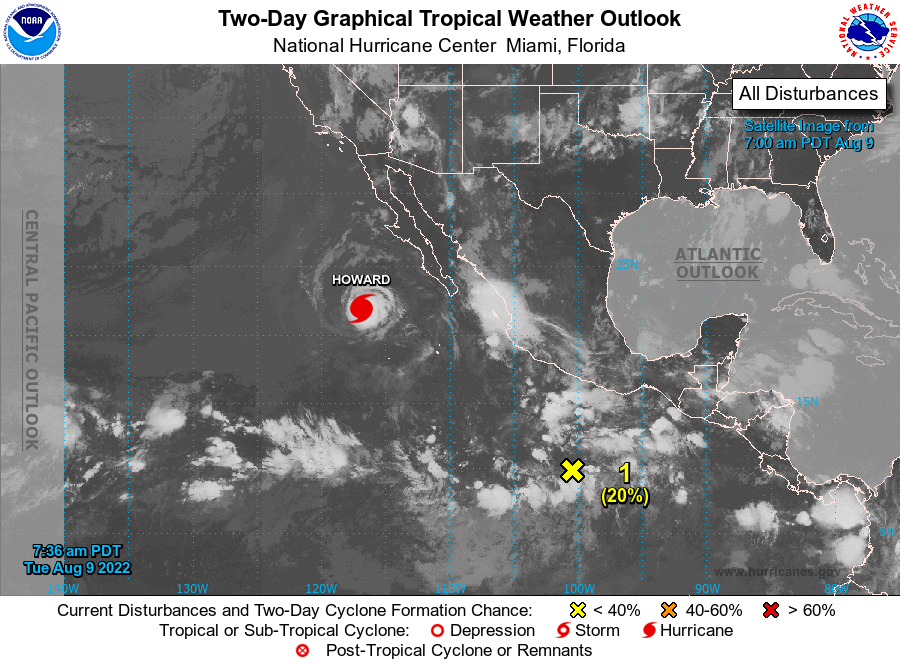
For the eastern North Pacific...east of 140 degrees west longitude:

Active Systems: The National Hurricane Center is issuing advisories on Hurricane Howard, located several hundred miles west-southwest of the southern tip of Baja California.

1. Offshore of Southwest Mexico: An area of disorganized showers and thunderstorms associated with a trough of low pressure is currently located several hundred miles south of southern Mexico. Environmental conditions appear conducive for gradual development of this system, and a tropical depression could form late this week while it moves west-northwestward to northwestward, well offshore of the coast of Mexico.
* Formation chance through 48 hours...low...20 percent.
* Formation chance through 5 days...medium...60 percent.

Forecaster Pasch